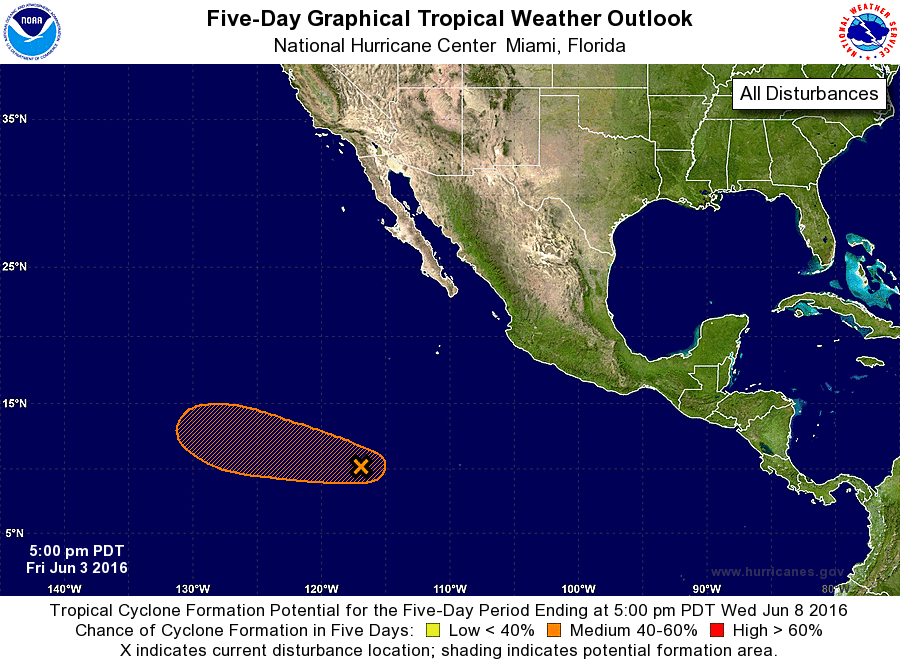
For the eastern North Pacific...east of 140 degrees west longitude:

1. Numerous showers and thunderstorms continue in association with an area of low pressure located about 1000 miles south-southwest of the southern tip of the Baja California peninsula. Environmental conditions appear generally conducive for development, and a tropical depression could form during the next few days while the low moves westward or west-northwestward.
* Formation chance through 48 hours...medium...50 percent
* Formation chance through 5 days...medium...60 percent

Forecaster Landsea